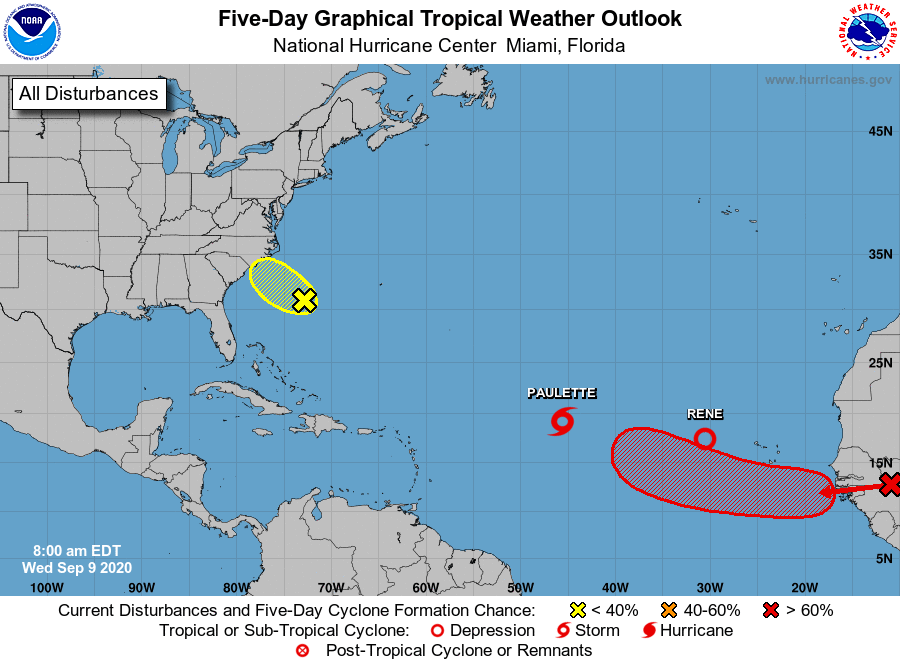
For the North Atlantic...Caribbean Sea and the Gulf of Mexico:

The National Hurricane Center is issuing advisories on Tropical Storm Paulette, located over the central tropical Atlantic, and on Tropical Depression Rene, located over the eastern tropical Atlantic.

1. A small area of low pressure located about 375 miles southeast of Wilmington, North Carolina, continues to produce minimal shower and thunderstorm activity near its center of circulation. The low is forecast to move northwestward at 10 to 15 mph, and some development is possible before it moves inland over eastern North Carolina Friday afternoon. Interests along the coasts of North and South Carolina should continue to monitor the progress of this disturbance.
* Formation chance through 48 hours...low...30 percent.
* Formation chance through 5 days...low...30 percent.

2. A tropical wave is forecast to emerge off the west coast of Africa on Thursday. Gradual development is expected once the system moves over water, and a tropical depression is likely to form late this week or over the weekend while the system moves generally westward across the eastern tropical Atlantic.
* Formation chance through 48 hours...medium...40 percent.
* Formation chance through 5 days...high...80 percent.

Forecaster Berg